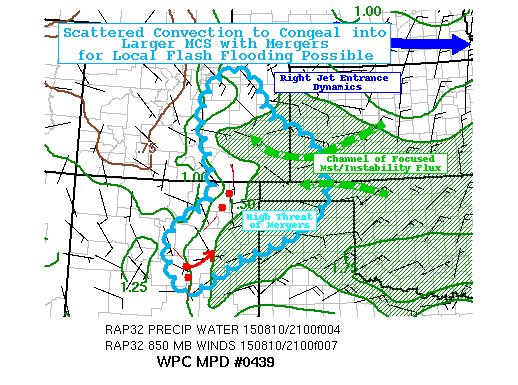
AREAS AFFECTED...EASTERN COLORADO...NORTHEAST NEW
MEXICO...SOUTHWEST KANSAS...OKLAHOMA PANHANDLE...NORTHWEST TEXAS
PANHANDLE

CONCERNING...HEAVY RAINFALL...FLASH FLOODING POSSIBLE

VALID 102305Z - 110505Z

SUMMARY...INCREASE IN CONVECTIVE COVERAGE WITH THREAT OF MERGERS
AND INCREASING RAINFALL RATES FOR POTENTIAL FLASH FLOODING

DISCUSSION...OBS/VWP NETWORK AND VISIBLE IMAGERY LOOP CONTINUES TO
SHOW A BROAD FIELD OF CU WITHIN A CORRIDOR OF ELEVATED
MOISTURE/EASTERN TROPICAL CONNECTION THAT HAS REMAINED ACROSS THE
PLAINS NORTH OF THE RIDGE AXIS FOR THE LAST FEW DAYS. THIS CHANNEL
IS REPRESENTATIVE FOR TOTAL PWATS IN THE 1.25-1.5" RANGE IN SE
CO/SW KS/TX-OK PANHANDLE. 15-20 KT INFLOW HAS PROVIDED GOOD
MOISTURE CONVERGENCE FOR INITIAL CONVECTION. HOWEVER IT HAS BEEN
MORE ISOLATED AND A BIT OUTFLOW DOMINANT ... LIKELY DUE TO A BIT
BROADER CHANNEL OF EASTERLY FLOW AND AS SUCH LOWER BOUNDARY
LAYER/MID LEVEL MOISTURE THAN INITIAL FORECAST.  STILL THIS
OUTFLOW AND MOISTENING OF THE ENVIRONMENT WILL AID IN INCREASED
CONVERGENCE/MERGERS IN THE NEXT FEW HOURS INCREASING THE FLASH
FLOODING THREAT WHILE EVOLVING INTO A LARGER MCS.
INFLUENCES FROM THE RIGHT ENTRANCE REGION OF THE JET CROSSING THE
CENTRAL PLAINS ALONG WITH CURVATURE AT THE PEAK OF THE RIDGE AXIS
SHOULD HELP TO INCREASE DIVERGENCE ALOFT AND EVACUATE TO AID
UPSCALE GROWTH OF THE MCS FURTHER NORTH. WHILE FURTHER SOUTH
INFLUENCES FROM INCREASING SOUTHERLY FLOW FROM COMPLEX MOVING OUT
OF LINCOLN COUNTY NM INTO GUADALUPE SHOULD HELP TO CONSOLIDATE THE
MCS ACROSS NE NM/SE CO/OK PANHANDLES BY 04-06Z.  MODEL WIND FIELDS
ALSO SUPPORT A VEERING OF THE LOW LEVEL FLOW AROUND SE CO/OK
PANHANDLE REGION FOR INCREASED CONVERGENCE THAT SHOULD REMAIN
ACTIVE THROUGH 06Z TO PROVIDE CONTINUED FLUX OF MOISTURE AND BEST
INSTABILITIES THAT REMAIN IN THE CHANNEL ALONG THE OK/KS BORDER.